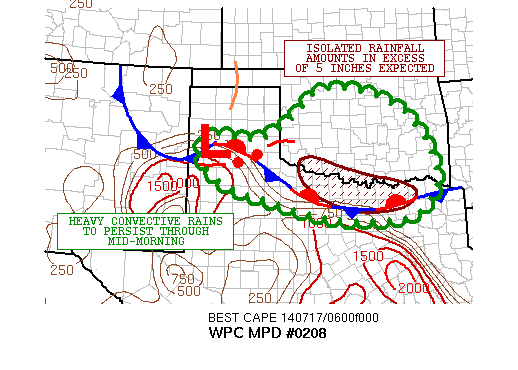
AREAS AFFECTED...CENTRAL/SOUTHERN OK...NORTHERN TX

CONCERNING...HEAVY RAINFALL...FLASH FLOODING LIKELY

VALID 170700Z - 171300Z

SUMMARY...THE THREAT FOR FLASH FLOODING WILL INCREASE THIS MORNING
AS HEAVY SHOWERS AND THUNDERSTORMS PERSIST CENTRAL/SOUTHERN OK AND
NORTHERN TX.

DISCUSSION...THE LATEST WV IMAGERY SHOWS A WELL-DEFINED SHORTWAVE
TROUGH DIGGING SEWD ACROSS ERN CO ATTM...AND THIS ENERGY IS
EXPECTED TO CONTINUE ADVANCING SEWD INTO PORTIONS OF WRN KS AND
WRN OK THROUGH MID-MORNING. THE ENERGY THOUGH IS FOSTERING A SFC
WAVE ACROSS NRN TX ALONG A WELL-DEFINED FRONTAL ZONE...AND IS
PROMOTING A PERSISTENT AND WELL-DEFINED WARM AIR/MOISTURE
TRANSPORT PATTERN THROUGHOUT A LARGE PORTION OF THE SRN PLAINS.

THIS IS RESULTING IN A FAVORABLE THERMODYNAMIC ENVIRONMENT FOR
NUMEROUS CLUSTERS OF ELEVATED COLD-TOPPED CONVECTION...AND RADAR
IMAGERY CONTINUES TO SHOW A RATHER BROAD AREA OF HEAVY SHOWERS AND
THUNDERSTORMS...INCLUDING CELL-MERGERS AND IN SOME CASES VERY
SLOW-MOVING CELL CLUSTERS.

MUCAPE VALUES ALONG AND SOUTH OF A FRONTAL ZONE SOUTH OF THE RED
RIVER ARE AS HIGH AS 1500 J/KG TO 2000 J/KG AND WITH S/SWLY H85
FLOW OF 30 TO 40 KTS...THIS ENERGY IS OVERRUNNING THE FRONT AND
HELPING TO FOSTER SUFFICIENT ISENTROPIC ASCENT FOR MUCH OF THE
ELEVATED CONVECTION IN CNTRL/SRN OK AND NRN TX. THE APPROACHING
SHORTWAVE TROUGH FROM ERN CO SHOULD SUSTAIN THE LOW LVL WARM
AIR/MOISTURE TRANSPORT PATTERN...AND PWATS INVOF THE FRONTAL ZONE
WHICH ARE AS HIGH AS 1.8 TO 1.9 INCHES ARE FORECAST BY GLOBAL
MODELS TO RISE TO LOCALLY OVER 2 INCHES BY 12Z. THIS SHOULD
MAINTAIN AN ORGANIZED CONVECTIVE THREAT THROUGH MID-MORNING.

THE HI-RES MODELS INCLUDING THE 00Z NAM-CONEST...00Z ARW AND 00Z
NMMB ALL APPEAR TO BE A BIT SLOW WITH THE CONVECTIVE
EVOLUTION...BUT THEY COUPLED WITH MOST OF THE GLOBAL MODELS
SUPPORT VERY HEAVY RAINFALL POTENTIAL. BASED ON THE LATEST
CONVECTIVE TRENDS...ADDITIONAL RAINFALL AMTS OF 3 TO 5 INCHES WITH
ISOLATED AMTS OVER 5 INCHES CAN BE EXPECTED. THIS WILL ENHANCE THE
RISK FOR FLASH FLOODING AND ESP WITH INTENSE RAINFALL RATES
LOCALLY OF 2 TO 3 INCHES/HR.